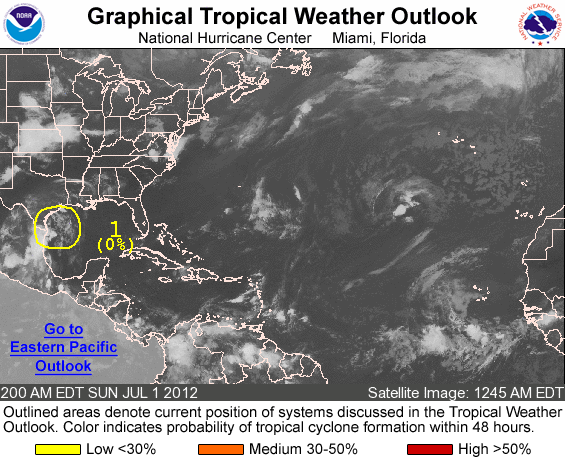
FOR THE NORTH ATLANTIC...CARIBBEAN SEA AND THE GULF OF MEXICO...

1. CLOUDINESS AND THUNDERSTORMS OVER THE WESTERN GULF OF MEXICO HAVE DIMINISHED. THERE IS A LOW CHANCE...NEAR 0 PERCENT...OF THIS SYSTEM BECOMING A TROPICAL CYCLONE DURING THE NEXT 48 HOURS.

ELSEWHERE...TROPICAL CYCLONE FORMATION IS NOT EXPECTED DURING THE NEXT 48 HOURS.

FORECASTER BEVEN